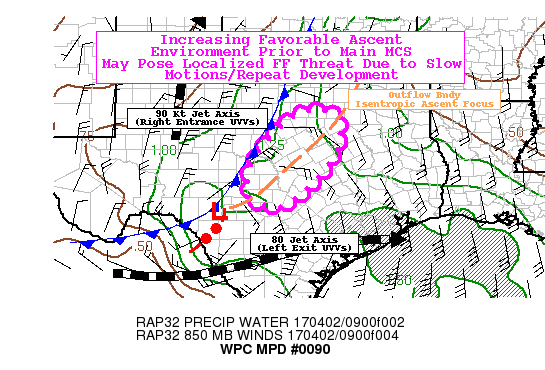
AREAS AFFECTED...CENTRAL TX

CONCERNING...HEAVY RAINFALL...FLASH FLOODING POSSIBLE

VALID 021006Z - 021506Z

SUMMARY...STEADILY INCREASING ASCENT PARAMETERS PROVIDES MODEST
ISENTROPIC ASCENT/SLOW MOVING/REPEAT THUNDERSTORM ENVIRONMENT FOR
POSSIBLE LOCALIZED FLASH FLOODING THREAT BEFORE LARGER MCS.

DISCUSSION...PRECURSORY TO THE STRONGEST ASCENT/LIFT WITH LARGE
MCS COMPLEX UPSTREAM...SYNOPTIC PARAMETERS HAVE BEEN STEADILY
INCREASING ALLOWING FOR INCREASING CONVECTION CAPABLE OF HIGHLY
EFFICIENT RAINFALL PRODUCTION.  GOES-EAST AND 16 WV AND AMVS
DEPICT SPLIT JET STRUCTURE WITH INCREASING SPEED MAX TRACKING
ACROSS S TX AT THIS TIME ALONG WITH STRENGTHENING N-S JET ACROSS
THE TX PANHANDLE SUPPORTING DUAL LEFT ENTRANCE AND RIGHT EXIT
DIVERGENCE AND BROAD SCALE ASCENT ACROSS CENTRAL TX.  WHILE
GREATEST ASCENT REMAINS UPSTREAM WITH LARGE MCS OVER SW TX/EDWARDS
TO KINNEY COUNTY...THIS BROAD ASCENT COUPLED WITH STRENGTHENING
LLJ HAS LEAD TO FEEDER BAND CONVECTIVE LINES WITHIN THE WARM
SECTOR INDICATIVE OF THE VERY MOIST/UNSTABLE LOW LEVEL
ENVIRONMENT.  CURRENTLY LOW LEVEL HEIGHT FALLS IS EXPANDING 850-7H
TROF NORTHEAST UNDER THE SPLIT JET WHICH ALSO ALIGNS FAIRLY WELL
WITH OVER NIGHT OUTFLOW BOUNDARY THAT EXTENDS FROM ROUGHLY GDJ TO
LZZ TO JUST SE OF JCT PER 09Z SFC ANALYSIS AND RADAR MOSAIC.  VWP
OF 40-45 KTS 85-7H FLOW GENERALLY INTERSECTS THIS BNDY/TROF
SUPPORTING THE FOCUS FOR DEEPER CONVECTIVE INITIATION AS NOTED BY
RADAR/INCREASED LIGHTNING AS WELL AS COOLING TOPS SPROUTING OUT OF
THE LARGER CIRRUS CANOPY IN GOES-16 EIR LOOP.  RELATIVELY
STATIONARY TROF AND ADDITIONAL SURGES OF ISENTROPIC ASCENT WITHIN
THE AREA OF CONCERN MAY POSE LOCALIZED LARGER TERM FLASH FLOODING
THREAT ASSOCIATED WITH THE MODERATE RAIN RATES OF 1.0-1.25"/HR
COULD PERSIST AHEAD OF THE APPROACH OF LARGER MCS/HEIGHT
FALLS/UVVS TOWARD 12-13Z WHEN RATES SHOULD INCREASE TO 2"/HR OR
GREATER WITH DEEPER ASCENT/HEIGHT FALLS ASSOCIATED WITH THE MCS.